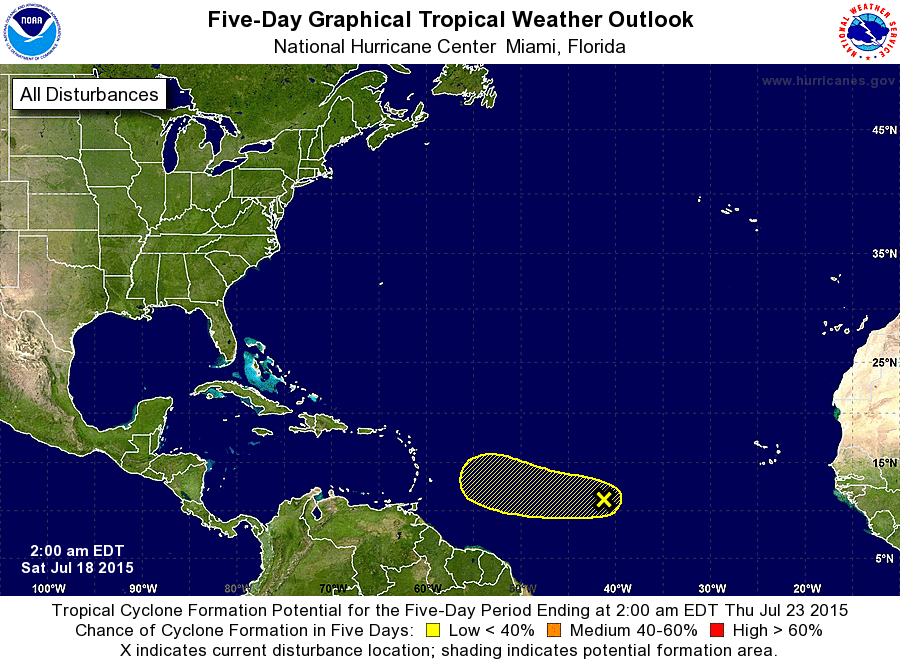
For the North Atlantic...Caribbean Sea and the Gulf of Mexico:

1. A tropical wave located midway between the coast of Africa and the Windward Islands is producing disorganized cloudiness and showers. Environmental conditions are expected to become increasingly unfavorable later this weekend, and development of this system is not expected as it moves westward at 15 to 20 mph.
* Formation chance through 48 hours...low...near 0 percent
* Formation chance through 5 days...low...near 0 percent

Forecaster Kimberlain